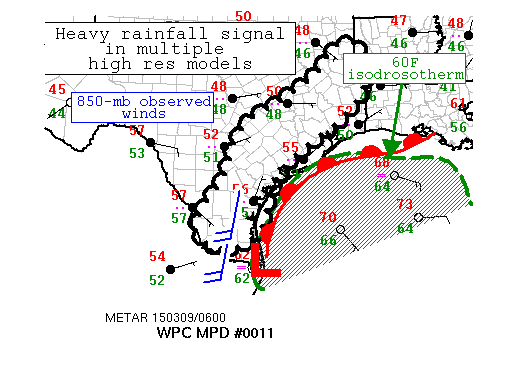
AREAS AFFECTED...SOUTH TO SOUTHEASTERN TX...

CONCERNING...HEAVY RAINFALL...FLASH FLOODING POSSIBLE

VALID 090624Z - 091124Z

SUMMARY...PRECIPITATION MOVING ACROSS THE LOWER RIO GRANDE IS
BECOMING INCREASINGLY BETTER ORGANIZED. EXPECT SEVERAL HOURS OF
MODERATE TO HEAVY RAINFALL WHICH MAY SUPPORT LOCALIZED FLASH
FLOODING OVER THE AFFECTED REGION.

DISCUSSION...A VERY FAVORABLE PATTERN FOR HEAVY RAINFALL IS IN
PLACE ACROSS SOUTH TO SOUTHEASTERN TX. A SHORTWAVE TROF CURRENTLY
MOVING THROUGH WEST-CENTRAL MEXICO IS ACCOMPANIED BY AN IMPRESSIVE
SLUG OF TROPOSPHERIC MOISTURE PER THE BLENDED-TPW PRODUCT. GPS
PROFILER DATA SUGGESTS PWATS IN THE 1.50 TO 1.75 INCH RANGE ALONG
THE WESTERN GULF COAST . THE 04Z RAP SHOWS PERSISTENT
SOUTH-SOUTHWESTERLY FLOW CONTINUING TO MAINTAIN A HEALTHY AXIS OF
MOISTURE ACROSS AN AREA CHARACTERIZED BY BROAD UPPER DIFFLUENCE.

THE LIMITING FACTOR HERE IS INSTABILITY WITH MUCAPE VALUES OF 500
J/KG AND GREATER CONFINED TO THE WARM SECTOR IN THE WESTERN GULF
OF MEXICO. ISENTROPIC LIFT ACROSS THE WESTERN GULF COAST CONTINUES
TO SPAWN OVERRUNNING RAINFALL WITH CURRENT HOURLY RATES OF ONLY A
QUARTER TO ONE-THIRD OF AN INCH. EXPECT THESE TOTALS TO COME UP AS
THE BETTER FORCING MOVES ACROSS THE MEXICO/TEXAS BORDER. THE
FORECAST CELL MOTIONS SHOULD CONTINUE TO CARRY THE PRECIPITATION
FROM SOUTHWEST TO NORTHEAST DURING THE NEXT SEVERAL HOURS. REPEAT
CONVECTION EMERGING FROM SOUTH TX WILL BE THE MAIN CULPRIT FOR THE
THREAT FOR FLASH FLOODING. WHILE FFG VALUES ARE ON THE HIGHER
SIDE...ISOLATED REPORTS OF FLASH FLOODING WILL BE
POSSIBLE...ESPECIALLY CLOSER TO THE TX HILL COUNTRY.

THERE IS RATHER HIGH CONFIDENCE IN HEAVY RAINFALL SPREADING FROM
SOUTHERN TO SOUTHEASTERN TX GIVEN THE CONSENSUS IN THE
HIGH-RESOLUTION GUIDANCE. THE 00Z SPC-WRF/NSSL-WRF/NAM-CONEST
ALIGN QUITE WELL WITH 2 TO 3 INCHES AMOUNTS DURING THE NEXT 6
HOURS.